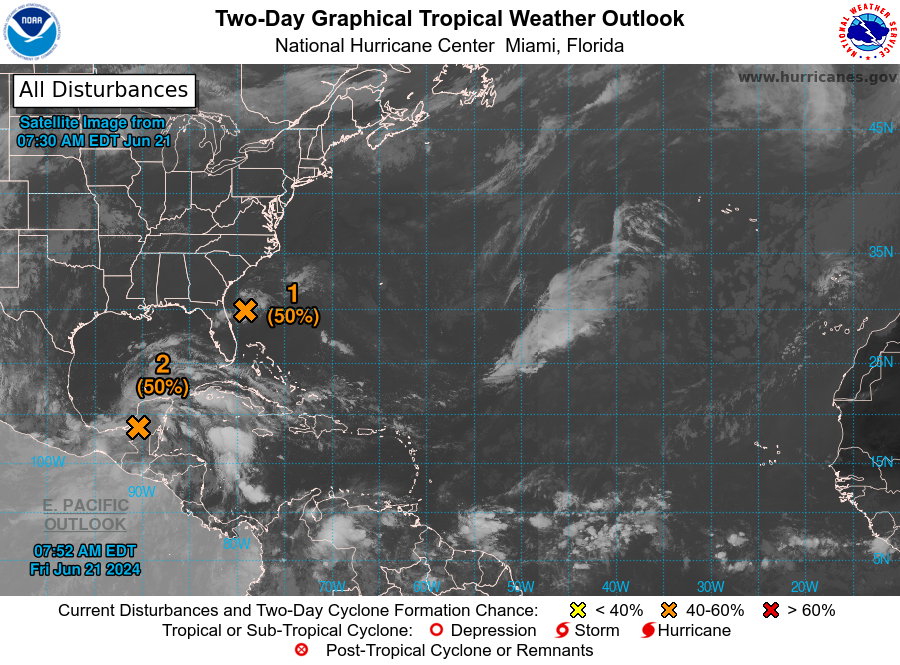
For the North Atlantic...Caribbean Sea and the Gulf of Mexico:

1. Southwestern Atlantic Ocean (AL92): A small area of showers and thunderstorms persists with a low pressure system located around 150 miles east-southeast of Jacksonville, Florida. An Air Force Reserve aircraft is currently investigating the system to determine if the low has a well-defined surface circulation. Environmental conditions remain marginally conducive for some additional development, and this system could become a short-lived tropical depression as the low moves west-northwestward at 10 to 15 mph. The system is expected to reach the coast of northeastern Florida or Georgia by tonight, and interests there should monitor its progress.
* Formation chance through 48 hours...medium...50 percent.
* Formation chance through 7 days...medium...50 percent.

2. Southwestern Gulf of Mexico: A broad area of low pressure is forecast to form over southeastern Mexico later today. Environmental conditions appear conducive for gradual development after this system moves over the Bay of Campeche tonight, and a tropical depression could form over the southwestern Gulf of Mexico this weekend while it moves slowly west-northwestward or northwestward. Interests along the Gulf coast of Mexico should monitor the progress of this system.
* Formation chance through 48 hours...medium...50 percent.
* Formation chance through 7 days...medium...60 percent.

Forecaster Hagen/Berg